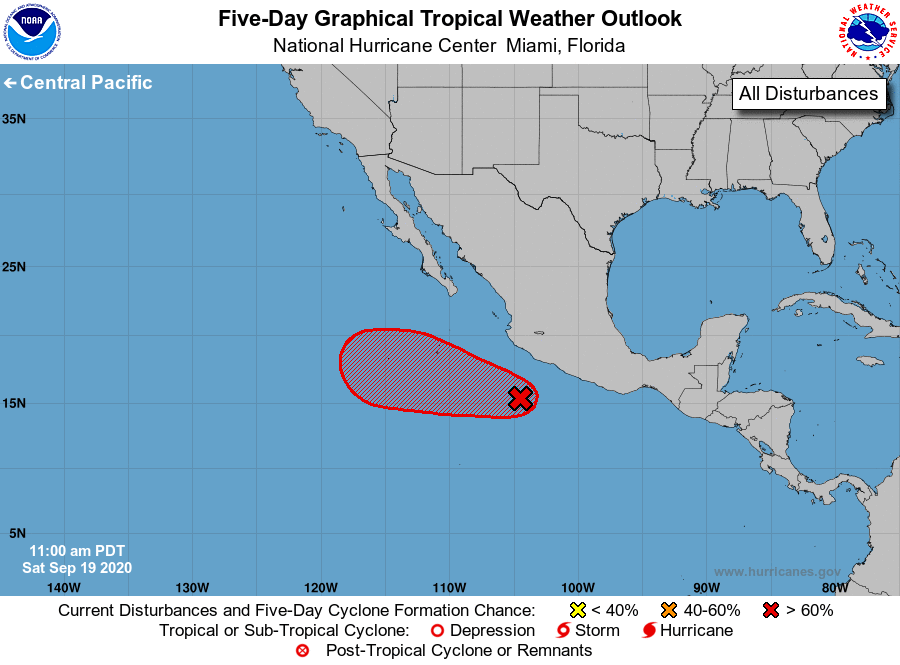
For the eastern North Pacific...east of 140 degrees west longitude:

1. A broad area of low pressure has formed in association with an area of disturbed weather located a few hundred miles southwest of the coast of southwestern Mexico. The showers and thunderstorms have also increased and become more concentrated today. Environmental conditions appear conducive for development, and a tropical depression is likely to form early next week while the system moves west-northwestward at around 10 mph, away from the coast of Mexico.
* Formation chance through 48 hours...low...30 percent.
* Formation chance through 5 days...high...70 percent.

Forecaster Latto